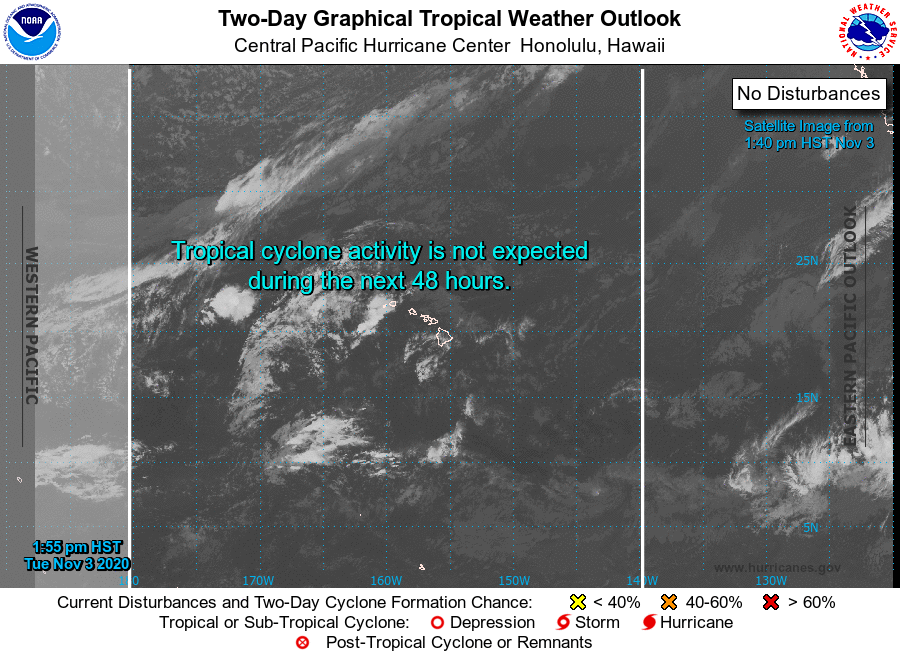
For the central North Pacific...between 140W and 180W:

No tropical cyclones are expected during the next 5 days.

Forecaster TS